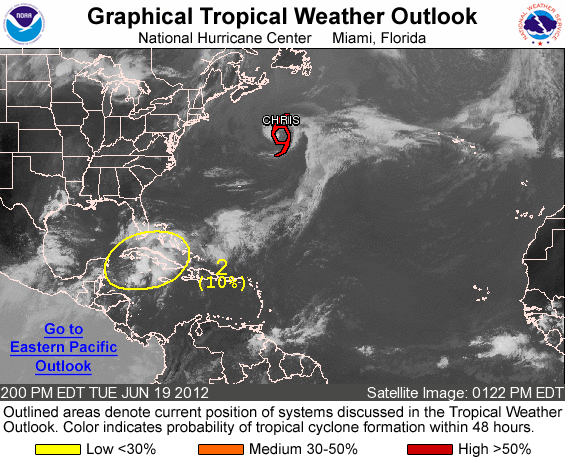
FOR THE NORTH ATLANTIC...CARIBBEAN SEA AND THE GULF OF MEXICO...

1. SHOWERS AND THUNDERSTORMS HAVE BECOME A LITTLE BETTER ORGANIZED WITH THE LOW PRESSURE SYSTEM LOCATED ABOUT 460 MILES SOUTHEAST OF HALIFAX NOVA SCOTIA. ALTHOUGH THE THUNDERSTORM ACTIVITY IS CURRENTLY LIMITED IN EXTENT...THIS SYSTEM HAS THE POTENTIAL TO DEVELOP INTO A TROPICAL CYCLONE BEFORE IT ENCOUNTERS COOLER WATERS AND A MORE STABLE ATMOSPHERE IN A DAY OR SO. THIS SYSTEM HAS A MEDIUM CHANCE...50 PERCENT...OF BECOMING A TROPICAL CYCLONE DURING THE NEXT 48 HOURS AS IT MOVES EAST-NORTHEASTWARD AT 10 TO 15 MPH. FOR ADDITIONAL INFORMATION ON THIS SYSTEM...PLEASE SEE HIGH SEAS FORECASTS ISSUED BY THE OCEAN PREDICTION CENTER. HIGH SEAS FORECASTS ISSUED BY THE NATIONAL WEATHER SERVICE CAN BE FOUND UNDER AWIPS HEADER NFDHSFAT1 AND WMO HEADER FZNT01 KWBC.

2. A LARGE AREA OF CLOUDINESS...SHOWERS...AND THUNDERSTORMS OVER THE NORTHWESTERN CARIBBEAN SEA EXTENDING NORTHWARD ACROSS THE STRAITS OF FLORIDA AND THE BAHAMAS IS ASSOCIATED WITH A SURFACE TROUGH. ALTHOUGH UPPER-LEVEL CONDITIONS ARE NOT EXPECTED TO BE PARTICULARLY CONDUCIVE FOR DEVELOPMENT OF THIS SYSTEM...AREAS OF HEAVY RAINFALL ARE LIKELY DURING THE NEXT COUPLE OF DAYS OVER THE CAYMAN ISLANDS...CUBA...THE BAHAMAS...AND SOUTHERN FLORIDA. THIS SYSTEM HAS A LOW CHANCE...10 PERCENT...OF BECOMING A TROPICAL CYCLONE DURING THE NEXT 48 HOURS AS IT MOVES NORTHWESTWARD AT 5 TO 10 MPH.

ELSEWHERE...TROPICAL CYCLONE FORMATION IS NOT EXPECTED DURING THE NEXT 48 HOURS.

FORECASTER BROWN/FRANKLIN